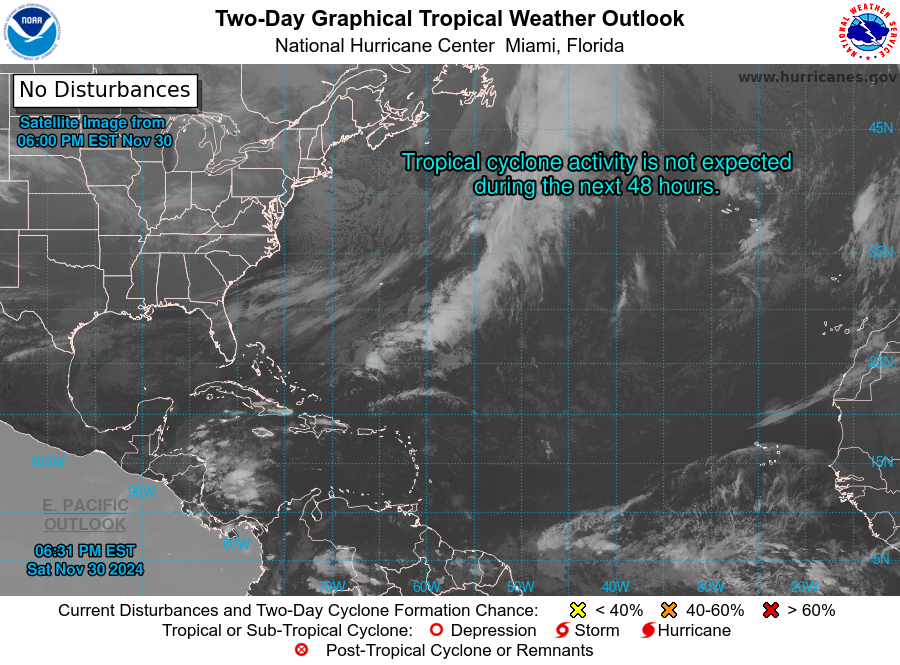
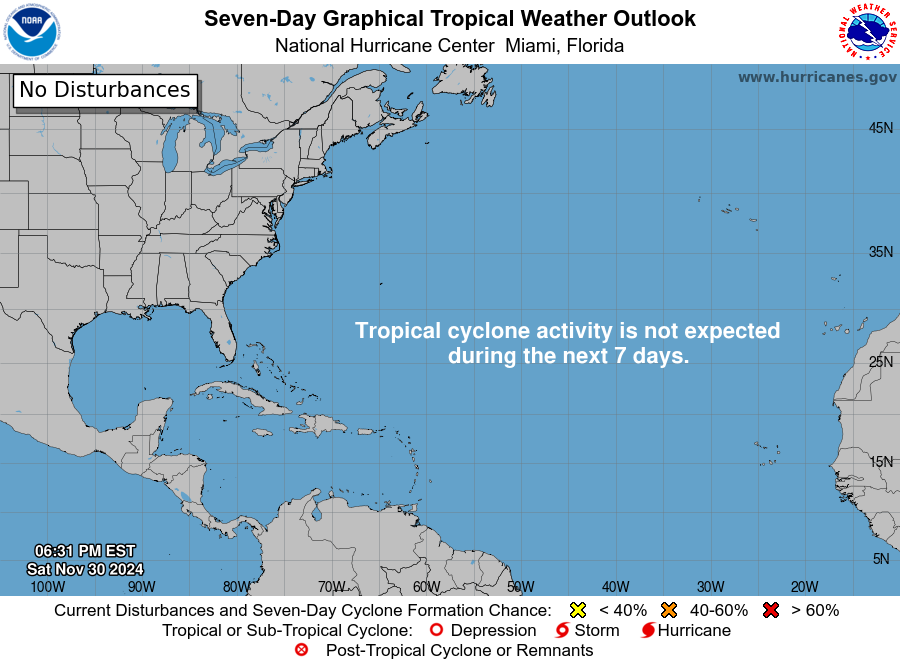
For the North Atlantic...Caribbean Sea and the Gulf of America:

Tropical cyclone formation is not expected during the next 7 days.

This is the last regularly scheduled Tropical Weather Outlook of the 2024 Atlantic Hurricane Season. Routine issuance of the Tropical Weather Outlook will resume on May 15, 2025. During the off-season, Special Tropical Weather Outlooks will be issued as conditions warrant.

Forecaster Beven